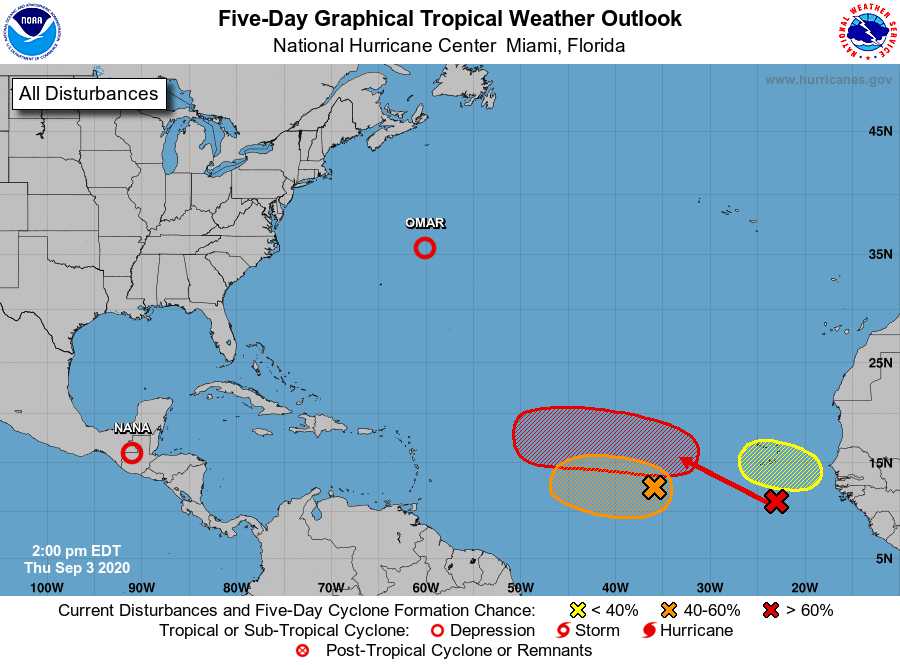
For the North Atlantic...Caribbean Sea and the Gulf of Mexico:

The National Hurricane Center is issuing advisories on Tropical Storm Nana, inland near the Guatemala-Mexico border, and on Tropical Depression Omar, located a few hundred miles northeast of Bermuda.

1. A broad area of low pressure located over the eastern tropical Atlantic several hundred miles west-southwest of the Cabo Verde Islands is producing a small area of disorganized showers and thunderstorms. Gradual development is possible early next week as the larger tropical wave located off of the coast of Africa passes to the north of the system on Sunday.
* Formation chance through 48 hours...low...20 percent.
* Formation chance through 5 days...medium...40 percent.

2. A tropical wave located off the coast of west Africa is merging with another disturbance located a couple of hundred miles south of the Cabo Verde Islands, resulting in an extensive area of disorganized showers and thunderstorms. Development of this system is likely to be slow during the next couple of days while it moves west- northwestward at about 15 mph. After that, a tropical depression is more likely to form early next week over the central tropical Atlantic where environmental conditions are forecast to be more favorable for development.
* Formation chance through 48 hours...low...20 percent.
* Formation chance through 5 days...high...70 percent.

3. Another tropical wave is forecast to move off the west coast of Africa over the weekend. An area of low pressure is expected to form from the wave, and some development of this low will be possible early next week while it moves generally westward over the far eastern tropical Atlantic.
* Formation chance through 48 hours...low...near 0 percent.
* Formation chance through 5 days...low...20 percent.

Forecaster Beven